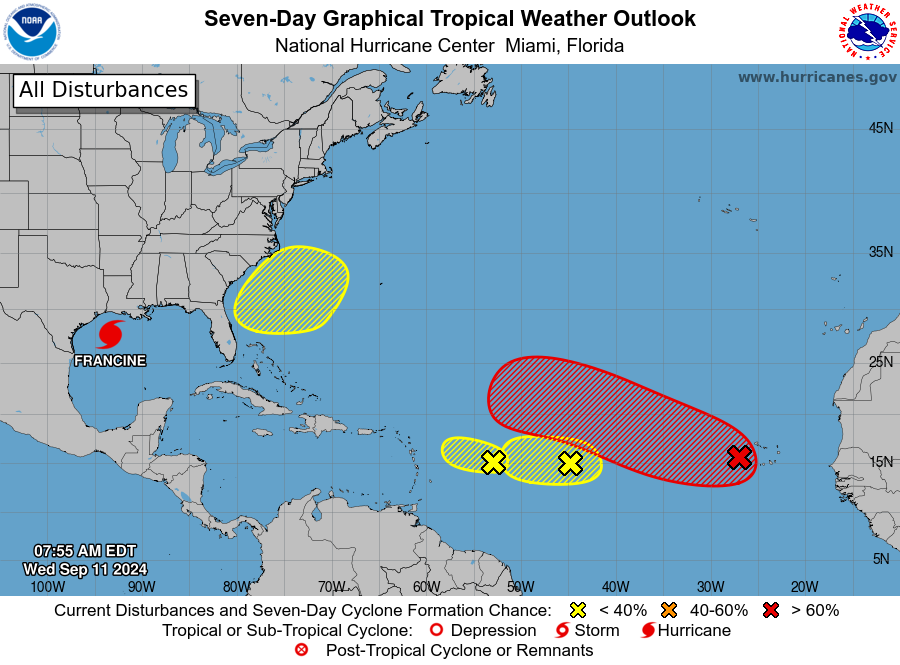
For the North Atlantic...Caribbean Sea and the Gulf of Mexico:

Active Systems: The National Hurricane Center is issuing advisories on Hurricane Francine, located over the western Gulf of Mexico a couple hundred miles off the coast of Louisiana.

1. Eastern and Central Tropical Atlantic (AL93): Showers and thunderstorms are showing signs of organization with a tropical wave located a few hundred miles to the west-southwest of the Cabo Verde Islands. Environmental conditions appear favorable for additional development of this system, and a tropical depression is likely to form over the next few days as the system moves west-northwestward at 10 to 15 mph into the central Tropical Atlantic.
* Formation chance through 48 hours...medium...50 percent.
* Formation chance through 7 days...high...90 percent.

2. Central Tropical Atlantic (AL92): An elongated area of low pressure located over the central tropical Atlantic continues to produce some disorganized shower and thunderstorm activity. Environmental conditions appear marginally conducive for some slight development during the next day or two while the system moves westward at 5 to 10 mph over the central tropical Atlantic. The disturbance is expected to reach an area of stronger upper-level winds on Thursday, likely ending its chances for development.
* Formation chance through 48 hours...low...30 percent.
* Formation chance through 7 days...low...30 percent.

3. East of the Leeward Islands: A small but well-defined area of low pressure located several hundred miles to the east of the Leeward Islands is producing an area of disorganized showers and thunderstorms. The proximity of dry air near the system is expected to limit additional development over the next couple of days before environmental conditions become even less conducive by this weekend as it moves slowly west-northwestward.
* Formation chance through 48 hours...low...10 percent.
* Formation chance through 7 days...low...10 percent.

4. Offshore the Southeastern U.S. over the Western Atlantic: In a few days, a non-tropical area of low pressure could form along a residual frontal boundary a few hundred miles off the southeastern U.S. coastline. Thereafter, some subtropical or tropical development is possible during the early part of next week as the system meanders over the Gulf Stream or drifts slowly northward.
* Formation chance through 48 hours...low...near 0 percent.
* Formation chance through 7 days...low...20 percent.

Forecaster Papin